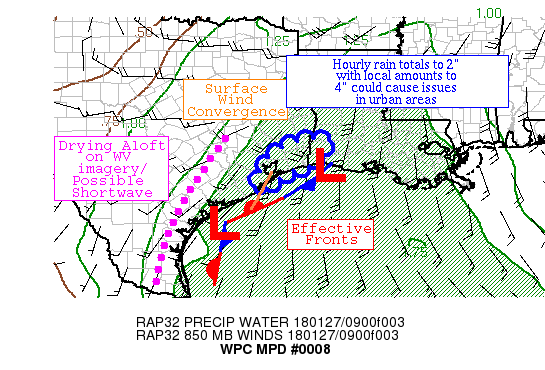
AREAS AFFECTED...PORTIONS OF SOUTHEAST TX

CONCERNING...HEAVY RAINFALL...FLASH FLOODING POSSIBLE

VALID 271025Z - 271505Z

SUMMARY...RADAR TRENDS/MESOSCALE GUIDANCE ARE BECOMING MORE
BULLISH ON HEAVY RAINFALL BETWEEN HOUSTON AND THE GOLDEN TRIANGLE
OF SOUTHEAST TX.  HOURLY RAIN TOTALS TO 2" WITH LOCAL AMOUNTS TO
4" ARE POSSIBLE.

DISCUSSION...WARM AIR ADVECTION EXISTS EAST OF A WEAK SURFACE LOW
SOUTH OF MATAGORDA BAY.  AN AREA OF DARKENING ON GOES-16 WATER
VAPOR IMAGERY IS SLOWLY ADVANCING FROM THE WEST, POSSIBLY
DEPICTING AN INCOMING SHORTWAVE, WITH INFLECTION POINTS NEAR
COLUMBUS TX AND TO THE SOUTH NEAR OSO BAY/CORPUS CHRISTI.  AN
INVERTED TROUGH IS APPARENT IN THE 10Z SURFACE OBSERVATIONS
EXTENDING INTO GALVESTON BAY, IN THE VICINITY OF INCREASING
THUNDERSTORM ACTIVITY WITH HOURLY RAIN TOTALS IN THE 1-1.5" RANGE
PER RADAR ESTIMATES.  PRECIPITABLE WATER VALUES ARE 1.5-1.6" PER
GPS DATA.  INFLOW AT 850 HPA IS ON SLOW DECLINE, NEAR 20 KTS PER
THE HGX VAD WIND PROFILE.  HOWEVER, REGIONALLY IT REMAINS
CYCLONIC.  EFFECTIVE BULK SHEAR OF 30+ KNOTS EXISTS HERE PER SPC
MESOANALYSES, WHICH ALSO INDICATE 500-1000 J/KG OF MUCAPE, WITH
THE 1000 J/KG CONTOUR JUST SOUTH OF GALVESTON ISLAND.

THE MESOSCALE GUIDANCE, STARTING WITH OLDER HRRR/RAP RUNS, ARE
BECOMING MORE BULLISH ON HEAVY RAINFALL NEAR THE UPPER TX COAST,
WHICH FITS RECENT RADAR TRENDS.  HOURLY RAIN TOTALS UP TO 2", WITH
LOCAL AMOUNTS TO 4", ARE POSSIBLE NEAR/SOUTHEAST OF HOUSTON AS
WELL AS NEAR THE GOLDEN TRIANGLE OF SOUTHEAST TX.  THESE AMOUNTS
WOULD BE QUITE PROBLEMATIC IN THE HOUSTON METRO AREA SHOULD
THUNDERSTORMS MOVE ANY FARTHER NORTHWEST.  THIS MPD, AS WELL AS
SOME OF ITS CONTENT, WAS ISSUED IN COORDINATION WITH THE
HGX/HOUSTON-GALVESTON OFFICE.